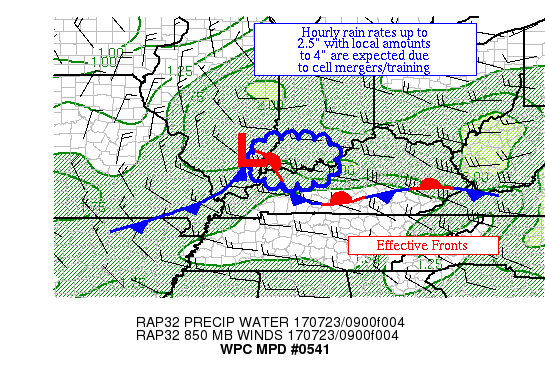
AREAS AFFECTED...SOUTHWEST IN & WESTERN KY

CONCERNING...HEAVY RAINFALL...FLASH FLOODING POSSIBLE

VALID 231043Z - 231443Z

SUMMARY...CELL MERGERS AND CELL TRAINING SHOULD CONTINUE FLASH
FLOOD CONCERNS FOR 3-4 MORE HOURS.  HOURLY RAIN RATES UP TO 2.5"
WITH LOCAL AMOUNTS UP TO 4" ARE POSSIBLE.

DISCUSSION...A FORWARD PROPAGATING ARC OF CONVECTION IS MOVING
QUICKLY THROUGH SOUTHERNMOST IL INTO SOUTHERN IN AND WESTERN KY
WHERE TRAINING CONVECTION IS ONGOING.  PRECIPITABLE WATER VALUES
OF 2-2.25" LIE IN THIS REGION PER GPS DATA.  INFLOW AT 850 HPA IS
WEST-NORTHWEST AT 30 KTS IS IMPORTING MU CAPES OF 1000-2000 J/KG
FROM IL INTO THE REGION.  EFFECTIVE BULK SHEAR OF 25-35 KTS ALONG
WITH UNIDIRECTIONAL FLOW WITH HEIGHT HAS AIDED THE DEVELOPMENT OF
TRAINING CONVECTIVE BANDS.

THE 06Z NAM CONEST AND RANDOM OLDER RUNS OF THE HRRR/EXPERIMENTAL
HRRR HAVE HAD A CLUE IN THIS REGION.  WHILE CLOUD TOPS IN THE
TRAINING ACTIVITY HAVE BEEN WARMING SOMEWHAT, THE EXPECTATION IS
THAT THE FORWARD PROPAGATING CONVECTIVE ARC FROM IL WILL MERGE
WITH THE TRAINING CONVECTION ENHANCING RAIN RATES/COOLING CLOUD
TOPS BRIEFLY AND SHORTENING THE TRAINING BANDS WITH TIME.  HOURLY
RAIN RATES UP TO 2.5" WITH LOCAL AMOUNTS UP TO 4" ARE POSSIBLE
UNTIL THE MERGER PROCESS IS COMPLETE AND THE BAND FORWARD
PROPAGATES AWAY AND WEAKENS.